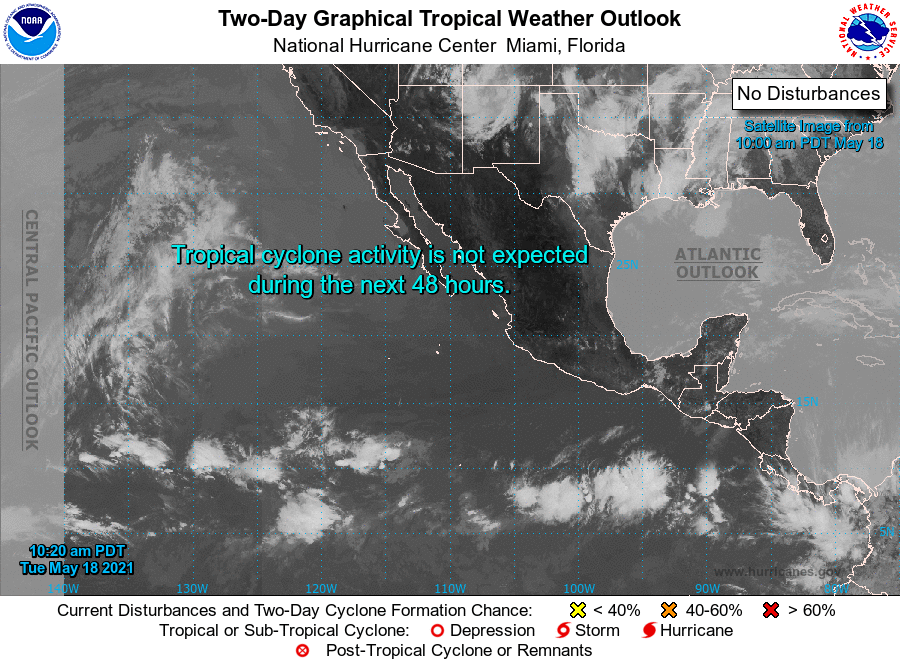
For the eastern North Pacific...east of 140 degrees west longitude:

1. A broad area of low pressure could form in a couple of days a few hundred miles south-southwest of the Gulf of Tehauntepec. Thereafter, some slow development is possible while the system moves to the west at 5 to 10 mph.
* Formation chance through 48 hours...low...near 0 percent.
* Formation chance through 5 days...low...20 percent.

Forecaster Landsea